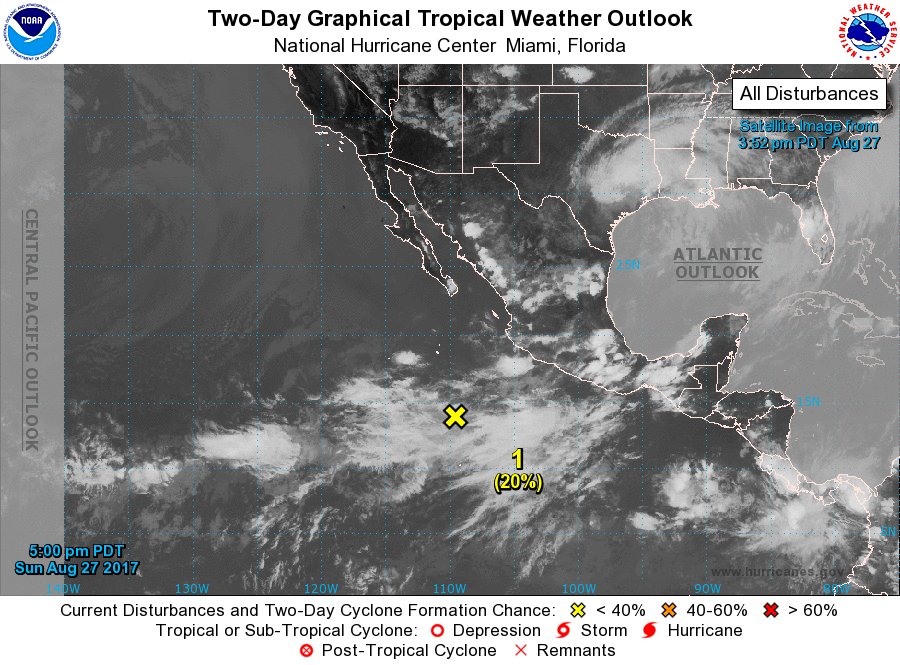
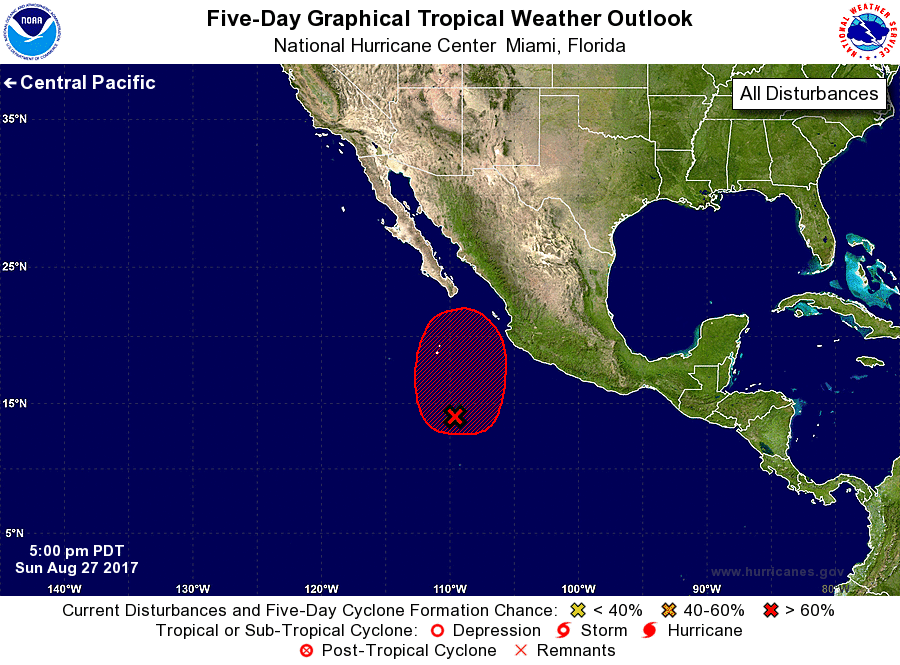
For the eastern North Pacific...east of 140 degrees west longitude:

1. Disorganized cloudiness and showers located several hundred miles south of the southern tip of the Baja California peninsula are associated with an elongated trough of low pressure. Environmental conditions are forecast to be conducive for development, and this system is likely to become a tropical depression within a few days while it moves generally northward.
* Formation chance through 48 hours...low...20 percent.
* Formation chance through 5 days...high...80 percent.

Forecaster Cangialosi